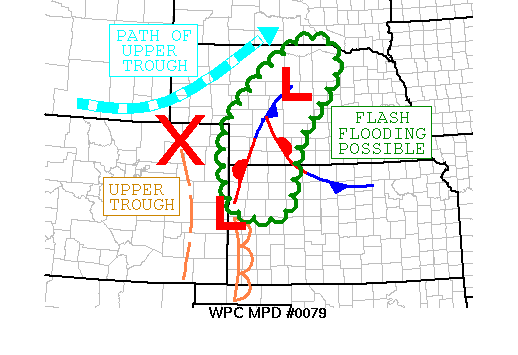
AREAS AFFECTED......NEBRASKA/NW KANSAS

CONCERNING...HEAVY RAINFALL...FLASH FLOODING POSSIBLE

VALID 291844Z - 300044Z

SUMMARY...HIGH RAINFALL RATES AND TRAINING DEVELOPMENT MAY RESULT
IN FLASH FLOODING ACROSS PORTIONS OF CENTRAL NEBRASKA AND
NORTHWEST KANSAS THROUGH MID-EVENING.

DISCUSSION...RADAR TRENDS CONTINUE TO SHOW RAPID CELL DEVELOPMENT
IN VICINITY OF A STATIONARY FRONT EXTENDING ACROSS NORTH PLATTE TO
NEAR GOODLAND.  CELL MOTION HAS BEEN NORTHWARD AT 25 MPH WITH
INDICATIONS OF SOUTHWARD PROPOGATION.  ADDITIONAL LIFT AND FOCUS
FOR CONVECTION HAS BEEN PROVIDED BY A RESIDUAL OUTFLOW BOUNDARY
EXTENDING INTO NORTH CENTRAL KANSAS AND BY A STRONG UPPER TROUGH
OVER COLORADO.  EXTRAPOLATION OF CURRENT CONVECTIVE ACTIVITY WITH
SOME AGREEMENT AND CONTRIBUTIONS FROM HI-RES GUIDANCE FAVORS
MODERATE CHANCES OF 1-HOURLY RAINFALL RATES OF 1.5 TO 2.0
INCHES...WHICH IS EQUAL TO FLASH FLOOD GUIDANCE.  THE VAD WIND
PROFILE AT GOODLAND SHOWS AN ELONGATED HODOGRAPH WHICH IS
FAVORABLE FOR TRAINING...WHILE THE STRONG TROUGH EXITING THE
ROCKIES THIS EVENING SHOULD ONLY DEEPEN ASCENT AND FOCUS MORE
CONVECTION ACROSS THE REGION.  SEVERAL OR MORE INCHES OF RAIN MAY
FALL ACROSS PORTIONS OF THE HIGHLIGHTED AREA.